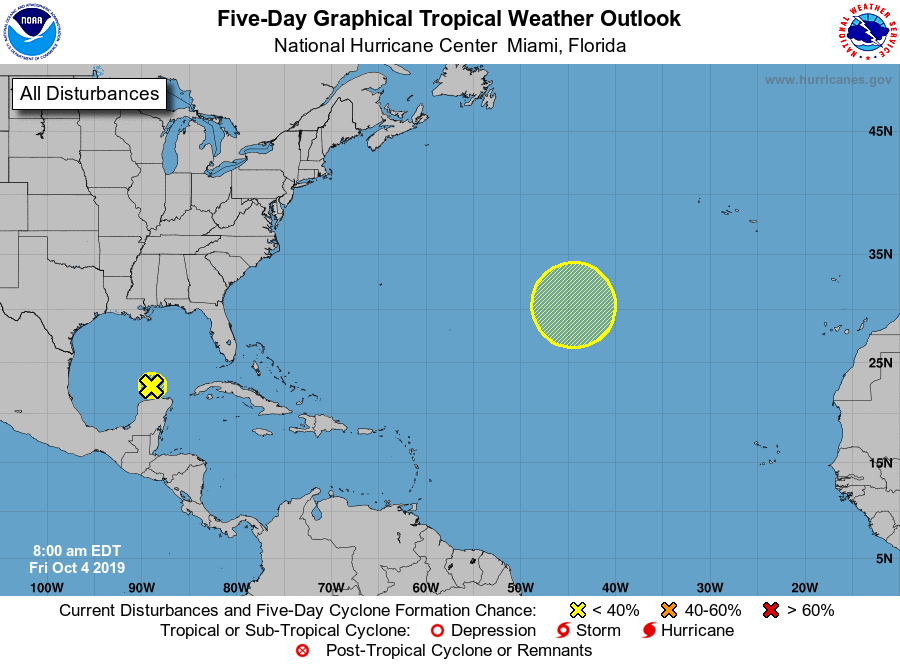
For the North Atlantic...Caribbean Sea and the Gulf of Mexico:

1. A broad area of low pressure that NHC has been tracking over the northwestern Caribbean Sea is now located just north of the Yucatan peninsula, and it appears to be degenerating into a broad trough of low pressure. Only a few showers remain associated with this system, and development is not anticipated while it moves over the Bay of Campeche during the next day or two.
* Formation chance through 48 hours...low...near 0 percent.
* Formation chance through 5 days...low...near 0 percent.

2. A low pressure system is forecast to form in the North Atlantic between Bermuda and the Azores by the middle of next week. This system will be monitored for signs of tropical or subtropical development while it moves slowly westward.
* Formation chance through 48 hours...low...near 0 percent.
* Formation chance through 5 days...low...20 percent.

Forecaster Avila